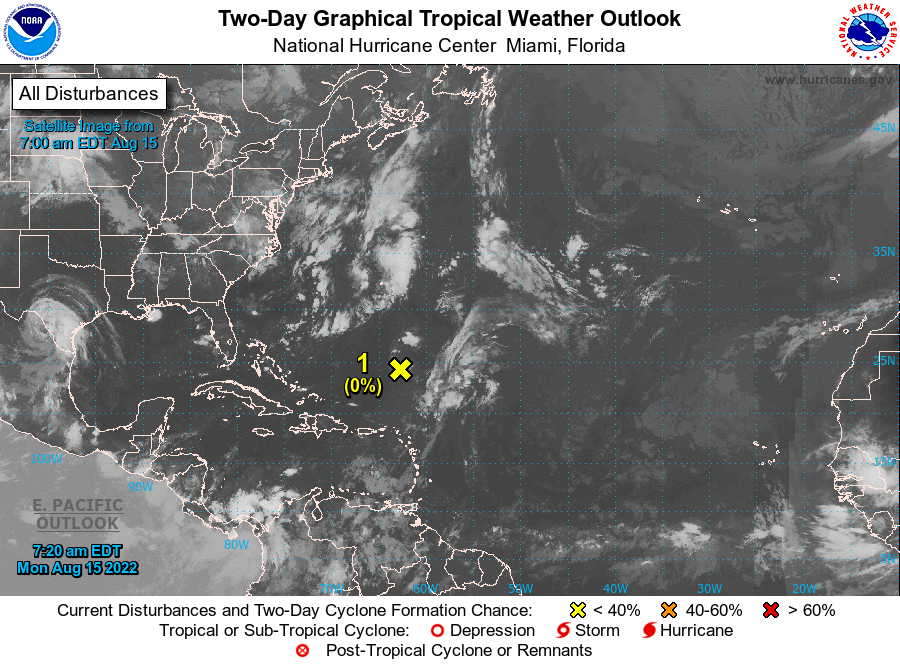
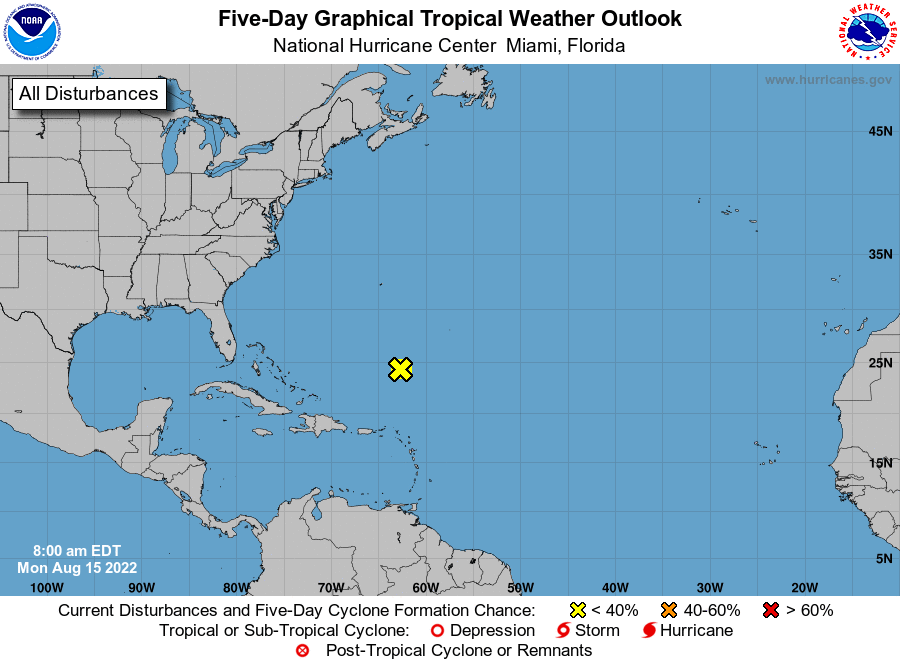
For the North Atlantic...Caribbean Sea and the Gulf of Mexico:

1. Central Atlantic Ocean: Cloudiness and showers associated with a broad trough of low pressure located several hundred miles south-southeast of Bermuda remain disorganized. Environmental conditions are forecast to remain unfavorable, and significant development of this system is not expected. The disturbance is forecast to move slowly north-northwestward or northward during the next couple of days.
* Formation chance through 48 hours...low...near 0 percent.
* Formation chance through 5 days...low...near 0 percent.

Forecaster Brown